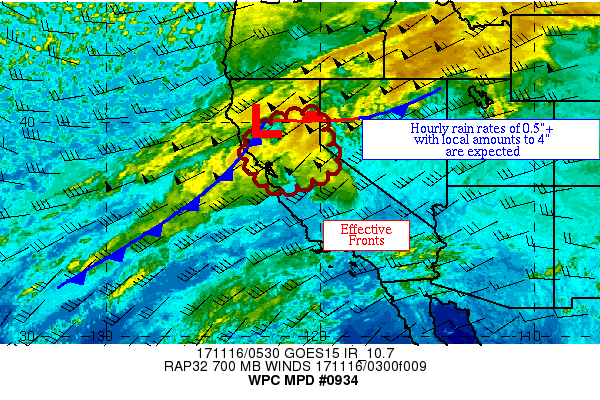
AREAS AFFECTED...PORTIONS OF NORTH-CENTRAL CA

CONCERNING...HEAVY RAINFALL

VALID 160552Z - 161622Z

SUMMARY...A PLUME OF MOISTURE AND ASSOCIATED HEAVY RAIN IS
EXPECTED TO SLOWLY DECREASE IN INTENSITY THROUGH 16Z.  UNTIL THEN,
HOURLY RAIN RATES AT OR ABOVE 0.5" WITH LOCAL AMOUNTS TO 4" ARE
EXPECTED.

DISCUSSION...WATER VAPOR IMAGERY SHOWS A PLUME OF MOISTURE
ORIGINATING SOUTHEAST OF HAWAI'I DIRECTED INTO NORTH-CENTRAL CA
AHEAD OF A SHORTWAVE LOCATED NEAR 41N 134.5W AND TO THE SOUTH OF A
JET STREAK ACROSS WESTERN OR.  SHOWERS WITH HEAVY RAINFALL LURK
WITHIN THE BAND, WITH RECENT HOURLY RAINFALL TOTALS OF 0.5-0.6" IN
THE SIERRA NEVADA AND 0.3-0.4" IN THE COASTAL RANGES.  WET BULB
ZERO HEIGHTS NEAR 9,000 FEET PER THE OAKLAND CA SOUNDING ALONG
WITH NEARLY UNIDIRECTIONAL FLOW WITH HEIGHT ARE AIDING
PRECIPITATION EFFICIENCY/TOTALS.  PRECIPITABLE WATER VALUES OF
0.7-1.4" LIE WITHIN THE PLUME ACROSS CA, WITH 1.25-1.5" VALUES
OFFSHORE.  MUCAPE VALUES OF 100+ J/KG EXISTS UPSTREAM PER SPC
MESOANALYSES.  INFLOW AT 850/700 HPA IS 40-50 KTS INTO THE AREA.

BOUNDARY LAYER MOISTURE CONVERGENCE IS EXPECTED TO PERSIST INTO
THE MORNING HOURS, THOUGH 850/700 HPA INFLOW IS EXPECTED TO SLOWLY
WANE WITH TIME AS THE PARENT CYCLONE WEAKENS WHILE MOVING INTO
BRITISH COLUMBIA WHICH SHOULD RESULT IN SLOWLY LOWERING HOURLY
RAIN TOTALS.  THE FREEZING LEVEL IN THE AREA SHOULD SLIGHTLY
DECREASE BETWEEN NOW AND THE HORIZON OF THIS MPD.  HRRR AND ARW
GUIDANCE SUGGESTS THAT THE AREA OF 0.5" AN HOUR RATES SHOULD
MINIMIZE BY AROUND 16Z.  UNTIL THEN, MESOSCALE GUIDANCE SHOWS
LOCAL RAINFALL AMOUNTS NEAR 4" WHICH COULD LEAD TO DEBRIS
FLOWS/ROCK SLIDES NEAR BURN SCARS AND WITHIN RUGGED TERRAIN.